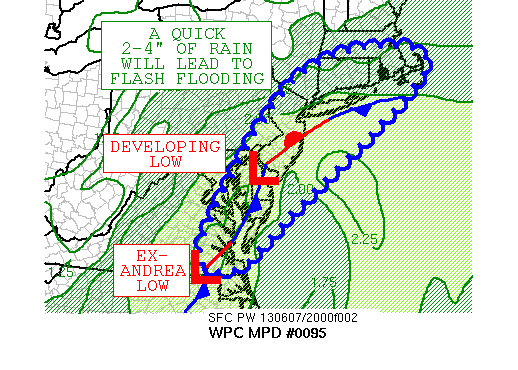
AREAS AFFECTED...SOUTHEAST VA...EASTERN MD...DE...NJ...LONG ISLAND
NY...CT...RI...SOUTHEAST MA

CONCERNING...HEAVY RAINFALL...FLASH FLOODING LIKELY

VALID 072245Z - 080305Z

SUMMARY...VERY HEAVY RAINFALL CONTINUES TO STREAM NORTHEAST OF THE
CENTER OF ANDREA -- NOW A POST-TROPICAL CYCLONE -- AND A SECOND
LOW PRESSURE AREA MOVING INTO NJ ALONG A STATIONARY FRONT.  THE
SYSTEM HAS A HISTORY OF FLASH FLOODING FROM NC INTO THE EASTERN
MID-ATLANTIC STATES.

DISCUSSION...A VERY MOIST AIR MASS IS PRESENT NEAR AND WELL
NORTHEAST OF THE CENTER OF WHAT WAS ONCE TROPICAL CYCLONE ANDREA
WHICH HAS NOW COMPLETED EXTRATROPICAL TRANSITION AND BECOME A
COASTAL LOW.  A SECOND LOW PRESSURE AREA TO ITS NORTHEAST IS
MOVING INTO SOUTHWEST NJ.  THE SYSTEMS ARE LINKED BY A FRONTAL
ZONE WHICH IS EDGING EASTWARD TOWARDS THE WESTERN ATLANTIC.
PRECIPITABLE WATER VALUES -- PW -- LIE BETWEEN 2-2.5 INCHES WHICH
IS NEAR THE 99TH PERCENTILE FOR THE REGION DURING THE MONTH OF
JUNE.  A BAND OF CONVECTION EXTENDS ALONG THE FRONT FROM SOUTHEAST
VA NORTHEAST ACROSS THE EASTERN SHORE OF THE CHESAPEAKE, NJ, AND
LONG ISLAND TOWARDS SOUTHERN NEW ENGLAND ALONG A STATIONARY FRONT
WHERE LOW- TO MID-LEVEL FRONTOGENESIS IS PRESENT AND IS EXPECTED
TO INTENSIFY INTO TONIGHT WHICH COULD INCREASE PRECIPITATION
EFFICIENCY ACROSS THE REGION, PARTICULARLY SOUTHERN NEW ENGLAND.
BROAD DIVERGENCE EXISTS OVER THE REGION EAST OF AN UPPER LEVEL
TROUGH.  LOCAL RAINFALL AMOUNTS OF 2-4 INCHES WITHIN A FEW HOURS
WILL LEAD TO FLASH FLOODING WITHIN THIS REGION, PARTICULARLY URBAN
AREAS OF SOUTHEAST VA, DE, NJ, LONG ISLAND NY, AND SOUTHERN NEW
ENGLAND, SO HAVE INDICATED THE LIKELY CATEGORY FOR THIS AREA.